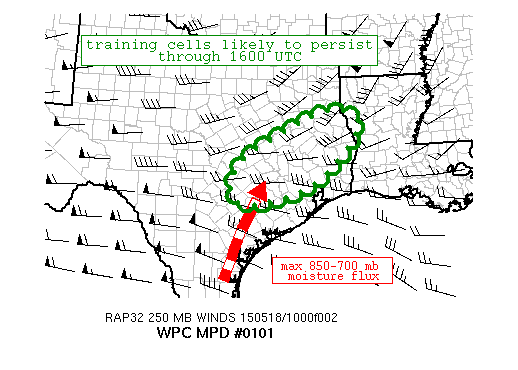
AREAS AFFECTED...PORTIONS OF E-CNTRL TEXAS

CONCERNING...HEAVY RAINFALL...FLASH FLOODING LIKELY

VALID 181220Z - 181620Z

SUMMARY...RAIN RATES OF 2+ IN/HR WITH PERIODS OF TRAINING WILL
LIKELY CONTINUE FOR AT LEAST THE NEXT FEW HOURS...WITH A GRADUAL
SHIFT TOWARD THE NORTHEAST. FLASH FLOODING IS ALREADY OCCURRING
AND WILL LIKELY PERSIST UNTIL AT LEAST 1600 UTC.

DISCUSSION...LATEST IR SATELLITE AND REGIONAL RADAR IMAGERY
CONTINUE TO DEPICT AN EXPANDING AREA OF VERY HEAVY RAINFALL OVER
PORTIONS OF E-CNTRL TEXAS...NORTH OF I-10 AND WEST OF I-45.
OBSERVED RAINFALL RATES OF 2+ IN/HR IN GONZALES COUNTY ARE IN
INDICATION OF THE POTENTIAL OF THE MOIST AIRMASS IN PLACE
CHARACTERIZED BY PRECIPITABLE WATER VALUES OF ROUGHLY 2 INCHES PER
LATEST GPS DATA. 850-700 MB INFLOW OF ROUGHLY 30 KTS IS MAXIMIZED
FROM SRN TEXAS UP THE COASTAL TEXAS PLAIN WHICH IS MEETING OR JUST
EXCEEDING CLOUD BEARING MEAN WIND SPEEDS OF 25-50 KTS. IN
ADDITION...STRONGLY DIFFLUENT FLOW IS PRESENT OVER THE AREA OF
TRAINING CONVECTION WHICH IS HELPING TO INCREASE LIFT.

LATEST DATA FROM THE RAP INDICATE STRONGLY DIFFLUENT FLOW OVER THE
REGION WILL PERSIST THROUGH THE LATE MORNING HOURS...BUT THE
MAGNITUDE OF LOW LEVEL INFLOW WILL WEAKEN PAST 1600 UTC...WHICH IS
EXPECTED TO DISRUPT THE ABILITY CONVECTION TO MAINTAIN TRAINING
POTENTIAL. LATEST HI-RES MODELS ARE SPLIT WITH EXACTLY HOW LONG
HEAVY RAINFALL WILL PERSIST ACROSS THE REGION...BUT RECENT RUNS OF
THE HRRR SEEM TO INDICATE WEAKENING PAST 1600 UTC...COINCIDENT
WITH WEAKENING OF THE LOW LEVEL JET TO NEAR 20 KTS. SOME EXPANSION
OF CONVECTION IS ALREADY OCCURRING TOWARD THE NORTHEAST...MEETING
UP WITH MPD #100...SET TO EXPIRE AT 1404 UTC. THIS MPD WILL
REPLACE #100 AT THAT TIME...AND THE SITUATION WILL BE RE-EVALUATED
NEAR 1600 UTC TO SEE IF ADDITIONAL MESSAGES ARE NEEDED.